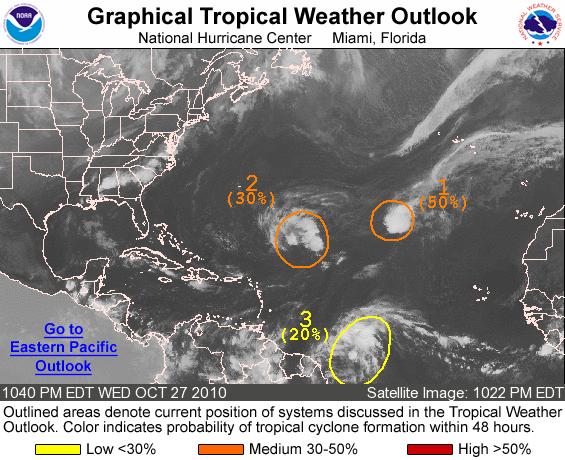
FOR THE NORTH ATLANTIC...CARIBBEAN SEA AND THE GULF OF MEXICO...

SPECIAL OUTLOOK ISSUED TO UPDATE DISCUSSION OF LOW PRESSURE AREA OVER THE EASTERN ATLANTIC

1. UPDATED...A NEARLY-STATIONARY LOW PRESSURE SYSTEM IS LOCATED ABOUT 1200 MILES NORTHWEST OF THE NORTHERNMOST CAPE VERDE ISLANDS. SHOWER AND THUNDERSTORM ACTIVITY ASSOCIATED WITH THE LOW HAS BECOME BETTER ORGANIZED THIS EVENING...AND RECENT SATELLITE DATA INDICATE THAT THE LOW IS PRODUCING WINDS TO GALE FORCE. ANY ADDITIONAL INCREASE IN ORGANIZATION WOULD RESULT IN THE FORMATION OF A TROPICAL STORM. THERE IS A MEDIUM CHANCE...50 PERCENT...OF THIS SYSTEM BECOMING A TROPICAL CYCLONE DURING THE NEXT 48 HOURS.

2. DISORGANIZED SHOWERS AND THUNDERSTORMS ASSOCIATED WITH AN UPPER- LEVEL AND SURFACE TROUGH ARE LOCATED ABOUT 650 MILES NORTHEAST OF THE NORTHERN LEEWARD ISLANDS. ENVIRONMENTAL CONDITIONS COULD BECOME MORE FAVORABLE FOR DEVELOPMENT OF THIS DISTURBANCE DURING THE NEXT DAY OR TWO. THERE IS A MEDIUM CHANCE...30 PERCENT...OF THIS SYSTEM BECOMING A SUBTROPICAL OR TROPICAL CYCLONE DURING THE NEXT 48 HOURS AS IT MOVES WESTWARD AT 10 TO 15 MPH.

3. A VIGOROUS TROPICAL WAVE IS LOCATED OVER THE TROPICAL ATLANTIC ABOUT 1100 MILES EAST-SOUTHEAST OF THE WINDWARD ISLANDS. ENVIRONMENTAL CONDITIONS APPEAR FAVORABLE FOR SOME SLOW DEVELOPMENT OF THIS SYSTEM DURING THE NEXT COUPLE OF DAYS. THERE IS A LOW CHANCE...20 PERCENT...OF THIS SYSTEM BECOMING A TROPICAL CYCLONE DURING THE NEXT 48 HOURS AS IT MOVES WESTWARD OR WEST-NORTHWESTWARD AT 15 TO 20 MPH.

ELSEWHERE...TROPICAL CYCLONE FORMATION IS NOT EXPECTED DURING THE NEXT 48 HOURS.

FORECASTER BROWN